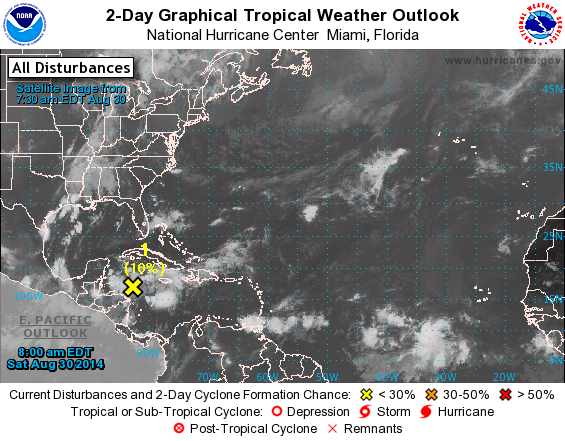
For the North Atlantic...Caribbean Sea and the Gulf of Mexico:

1. Disorganized shower and thunderstorm activity continues in association with a tropical wave over the western Caribbean Sea. Upper-level winds are expected to become more conducive during the next couple of days, but land interaction will likely limit significant development while the disturbance moves across the Yucatan peninsula Sunday and Sunday night. Environmental conditions are expected to be conducive for some gradual development once the system moves into the southwestern Gulf of Mexico by Monday.
* Formation chance through 48 hours...low...10 percent.
* Formation chance through 5 days...medium...40 percent.

Forecaster Beven